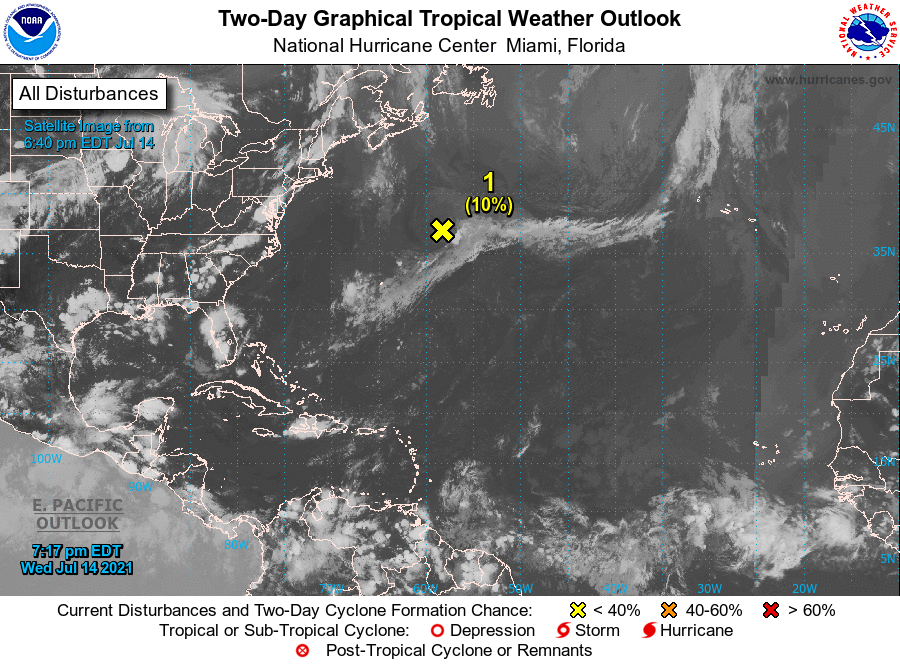
For the North Atlantic...Caribbean Sea and the Gulf of Mexico:

1. A non-tropical area of low pressure, located several hundred miles south-southwest of Cape Race, Newfoundland, is producing limited shower activity but winds to near gale force, mainly to the north of the center. Although environmental conditions are only marginally conducive, some slight development of this system is possible while it moves little over the next day or so. On Friday, the low is expected to accelerate northeastward and open up into a trough of low pressure to the south of Atlantic Canada. Additional information on this system can be found in High Seas Forecasts issued by the National Weather Service.
* Formation chance through 48 hours...low...10 percent.
* Formation chance through 5 days...low...10 percent.

High Seas Forecasts issued by the National Weather Service can be found under AWIPS header NFDHSFAT1, WMO header FZNT01 KWBC, and online at ocean.weather.gov/shtml/NFDHSFAT1.php

Forecaster Pasch